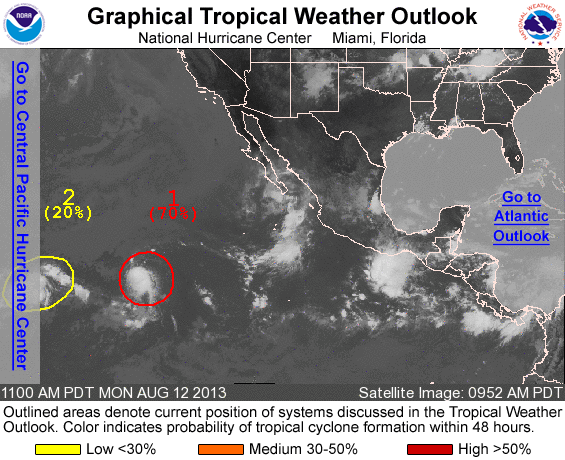
FOR THE EASTERN NORTH PACIFIC...EAST OF 140 DEGREES WEST LONGITUDE..

1. THE LOW PRESSURE SYSTEM LOCATED ABOUT 1250 MILES SOUTHWEST OF THE SOUTHERN TIP OF THE BAJA CALIFORNIA PENINSULA CONTINUES TO SHOW SIGNS OF ORGANIZATION. ENVIRONMENTAL CONDITIONS GENERALLY REMAIN FAVORABLE FOR A TROPICAL DEPRESSION TO FORM LATER TODAY OR TOMORROW. THIS SYSTEM HAS A HIGH CHANCE...70 PERCENT...OF BECOMING A TROPICAL CYCLONE DURING THE NEXT 48 HOURS...AND A HIGH CHANCE...80 PERCENT...OF BECOMING A TROPICAL CYCLONE DURING THE NEXT 5 DAYS WHILE IT MOVES WESTWARD AT AROUND 15 MPH.

2. SHOWERS AND THUNDERSTORMS ASSOCIATED WITH A TROUGH OF LOW PRESSURE LOCATED ABOUT 1200 MILES EAST-SOUTHEAST OF THE BIG ISLAND OF HAWAII IS SHOWING SIGNS OF ORGANIZATION. SOME SLOW DEVELOPMENT OF THIS DISTURBANCE IS POSSIBLE WHILE IT MOVES WESTWARD AT ABOUT 15 MPH OVER THE NEXT FEW DAYS. THIS SYSTEM HAS A LOW CHANCE...20 PERCENT...OF BECOMING A TROPICAL CYCLONE DURING THE NEXT 48 HOURS...AND A LOW CHANCE...20 PERCENT...OF BECOMING A TROPICAL CYCLONE DURING THE NEXT 5 DAYS. THIS DISTURBANCE IS MOVING WEST OF 140 DEGREES WEST LONGITUDE...AND FUTURE INFORMATION ON IT WILL BE PROVIDED BY THE CENTRAL PACIFIC HURRICANE CENTER IN HONOLULU HAWAII.

FIVE-DAY FORMATION PROBABILITIES ARE EXPERIMENTAL IN 2013. COMMENTS ON THE EXPERIMENTAL FORECASTS CAN BE PROVIDED AT...

HTTP://WWW.NWS.NOAA.GOV/SURVEY/NWS-SURVEY.PHP?CODE=ETWO

FORECASTER KIMBERLAIN